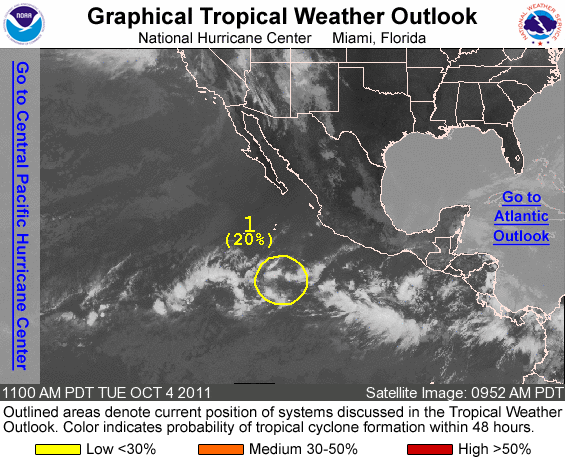
FOR THE EASTERN NORTH PACIFIC...EAST OF 140 DEGREES WEST LONGITUDE..

1. A BROAD AREA OF LOW PRESSURE LOCATED ABOUT 650 MILES SOUTHWEST OF MANZANILLO MEXICO CONTINUES TO PRODUCE DISORGANIZED SHOWERS AND A FEW THUNDERSTORMS. CONDITIONS APPEAR FAVORABLE FOR GRADUAL DEVELOPMENT OF THIS SYSTEM DURING THE NEXT COUPLE OF DAYS AS IT MOVES WESTWARD AT ABOUT 10 MPH. THIS SYSTEM HAS A LOW CHANCE...20 PERCENT...OF BECOMING A TROPICAL CYCLONE DURING THE NEXT 48 HOURS.

ELSEWHERE...TROPICAL CYCLONE FORMATION IS NOT EXPECTED DURING THE NEXT 48 HOURS.

FORECASTER BROWN